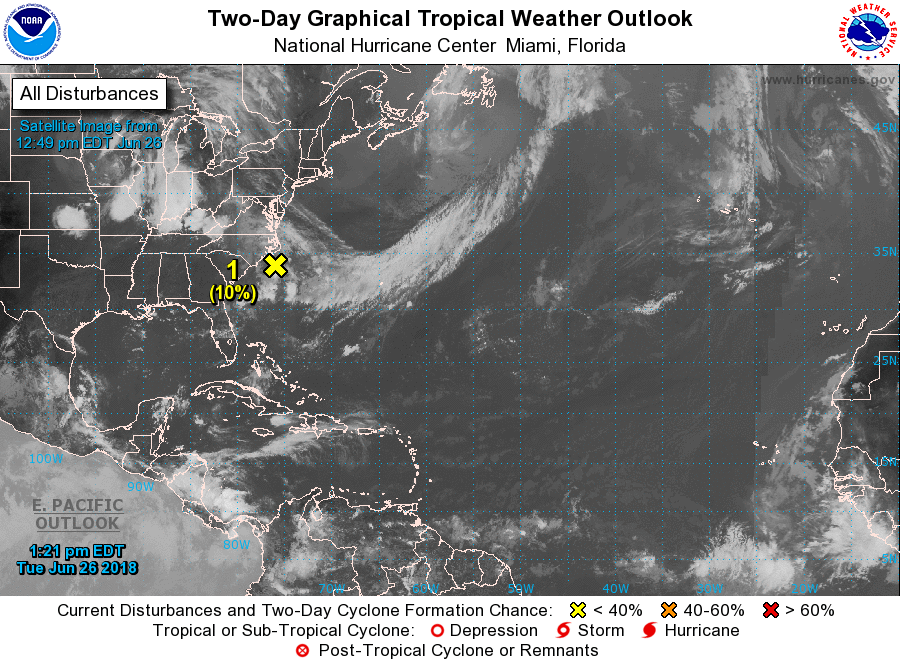
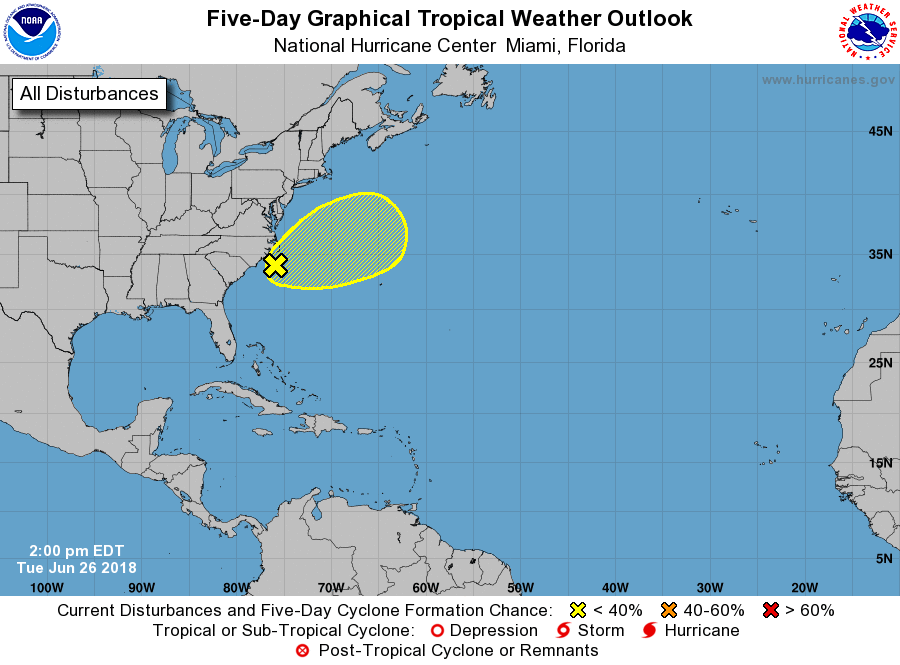
For the North Atlantic...Caribbean Sea and the Gulf of Mexico:

1. A complex, non-tropical area of low pressure has formed near the coast of North Carolina. Environmental conditions could support this system gradually acquiring some tropical characteristics over the next few days while the system moves slowly eastward or northeastward away from the United States.
* Formation chance through 48 hours...low...10 percent.
* Formation chance through 5 days...low...20 percent.

Forecaster Blake